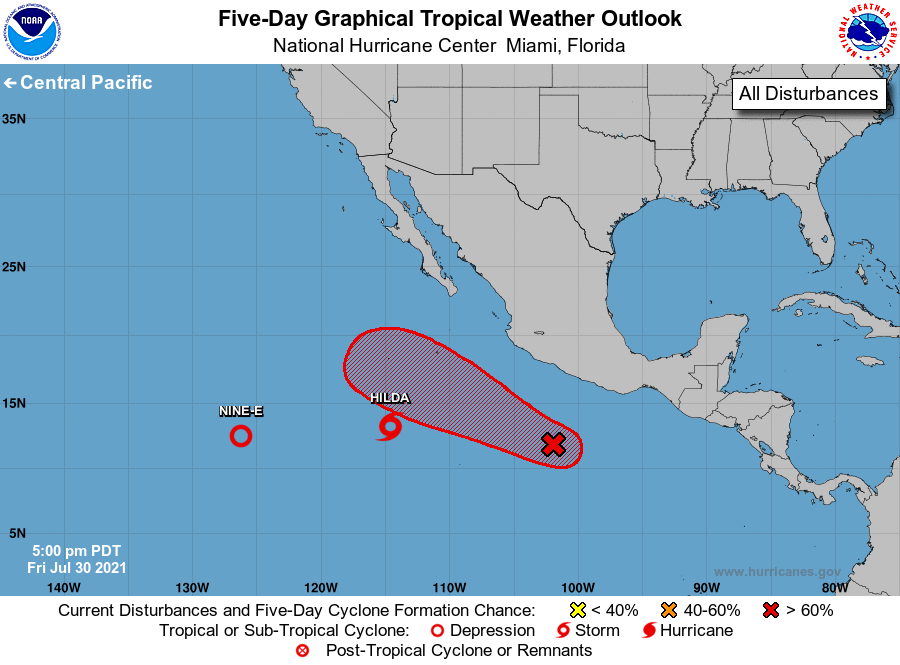
For the eastern North Pacific...east of 140 degrees west longitude:

The National Hurricane Center is issuing advisories on newly- developed Tropical Storm Hilda, located about 800 miles south-southwest of the southern tip of the Baja California peninsula, and on newly-developed Tropical Depression Nine-E, located more than 1200 miles west-southwest of the southern tip of the Baja California peninsula.

1. Showers and thunderstorms associated with a tropical wave located a few hundred miles off the coast of southern Mexico have become a little better organized since yesterday. Continued gradual development of this system is expected during the next several days, and a tropical depression is likely to form early next week while it moves west-northwestward at 10 to 15 mph.
* Formation chance through 48 hours...medium...40 percent.
* Formation chance through 5 days...high...70 percent.

Public Advisories on Tropical Storm Hilda are issued under WMO header WTPZ33 KNHC and under AWIPS header MIATCPEP3. Forecast/Advisories on Tropical Storm Hilda are issued under WMO header WTPZ23 KNHC and under AWIPS header MIATCMEP3.

Public Advisories on Tropical Depression Nine-E are issued under WMO header WTPZ34 KNHC and under AWIPS header MIATCPEP4. Forecast/Advisories on Tropical Depression Nine-E are issued under WMO header WTPZ24 KNHC and under AWIPS header MIATCMEP4.

Forecaster Beven